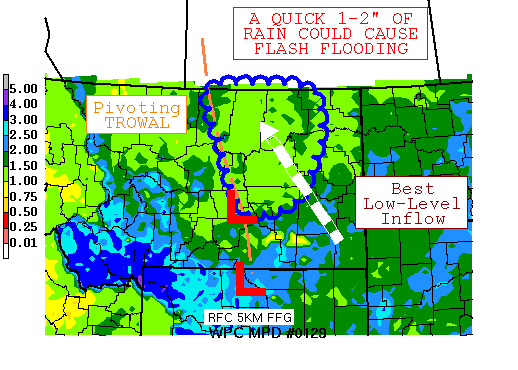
AREAS AFFECTED...EASTERN MT

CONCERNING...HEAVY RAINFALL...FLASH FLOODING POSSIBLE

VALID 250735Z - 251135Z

SUMMARY...SHOWERS AND THUNDERSTORMS WITH HEAVY RAIN HAVE BEEN
TRAINING ACROSS NORTHEAST MT.  FLASH FLOODING IS POSSIBLE OVER THE
NEXT SEVERAL HOURS, CAUSED BY A QUICK 1-2" OF RAINFALL.

DISCUSSION...A COUPLE BANDS OF SHOWERS AND THUNDERSTORMS HAVE BEEN
TRAINING ACROSS EASTERN MT OVERNIGHT.  THIS CONVECTIVE AREA
CONTINUES TO BE FOCUSED NEAR A TROWAL IN THE COLD SECTOR OF A
SYNOPTIC-SCALE LOW AND NEAR AN AREA OF 750-650 HPA FRONTOGENESIS.
THE AREA REMAINS STRONGLY DIVERGENT ALOFT AHEAD OF A
NEGATIVELY-TILTED TROUGH.  CELL PROPAGATION IS EXPECTED TO BECOME
MORE NORTHERLY, AND POSSIBLY NORTH-NORTHWESTERLY, WITH TIME AS THE
TROWAL PIVOTS ACROSS THE REGION PER 00Z GFS CORFIDI VECTORS.
PRECIPITABLE WATER VALUES CONTINUE TO BE QUITE HIGH FOR THE
REGION, BETWEEN 1.25-1.50 INCHES, NEAR THE 99TH PERCENTILE FOR
LATE JUNE.

A COUPLE FACTORS SHOULD LEAD TO DISSIPATION OF THE RAIN AREA
AROUND 11Z, INCLUDING A WEAKENING LOW-LEVEL JET AND INCREASING CIN
NEAR THE EASTERN PORTION OF THE PIVOTING SURFACE BOUNDARY, PER 00Z
ARW GUIDANCE.  SINCE FLASH FLOOD GUIDANCE VALUES ARE SO LOW -- 1
INCH IN THREE HOURS -- AND THERE IS CELL TRAINING, FLASH FLOODING
IS CONSIDERED POSSIBLE IN THIS REGION, DESPITE THE RECENT LOSS OF
SOME OF THE CONVECTIVE ORGANIZATION.  A QUICK 1-2" OF RAIN IN A
SHORT TIME PERIOD COULD CAUSE FLASH FLOODING.